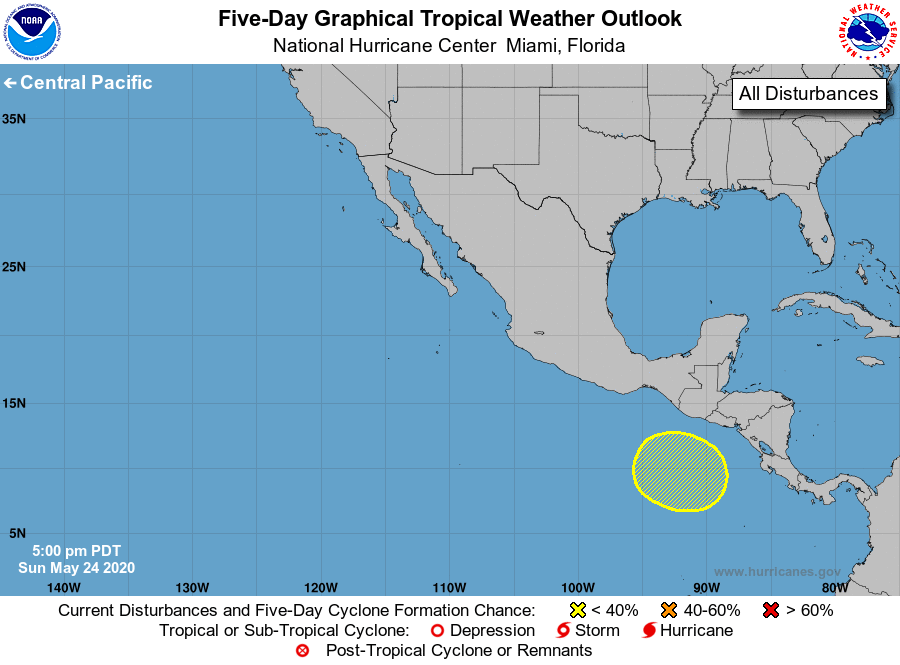
For the eastern North Pacific...east of 140 degrees west longitude:

1. A broad area of low pressure is expected to form later this week a few hundred miles south of the coasts of southern Mexico, Guatemala, and El Salvador. Conditions appear favorable for some development of this system while it moves little or drifts northward through the end of the week.
* Formation chance through 48 hours...low...near 0 percent.
* Formation chance through 5 days...low...20 percent.

Forecaster Berg